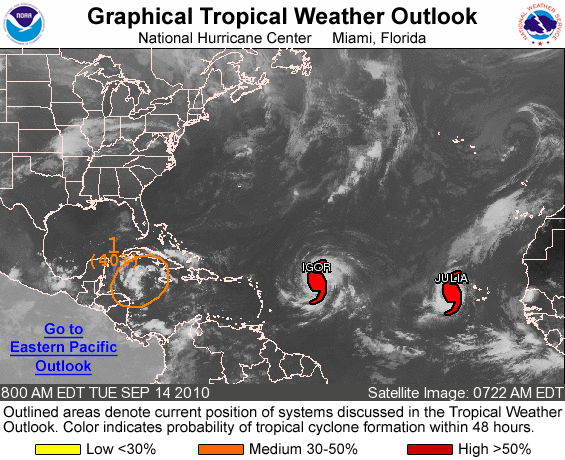
FOR THE NORTH ATLANTIC...CARIBBEAN SEA AND THE GULF OF MEXICO...

THE NATIONAL HURRICANE CENTER IS ISSUING ADVISORIES ON HURRICANE IGOR...LOCATED ABOUT 750 MILES EAST OF THE NORTHERN LEEWARD ISLANDS ...AND ON RECENTLY-UPGRADED HURRICANE JULIA...LOCATED ABOUT 330 MILES WEST OF THE CAPE VERDE ISLANDS.

1. SHOWER ACTIVITY ASSOCIATED WITH A BROAD AREA OF LOW PRESSURE OVER THE NORTHWEST CARIBBEAN SEA HAS BECOME A LITTLE BETTER ORGANIZED THIS MORNING. THIS SYSTEM IS EXPECTED TO MOVE WESTWARD TO WEST-NORTHWESTWARD AT 10 TO 15 MPH OVER THE NEXT COUPLE OF DAYS...AND IT HAS SOME POTENTIAL FOR DEVELOPMENT BEFORE IT MOVES INLAND OVER THE YUCATAN PENINSULA BY WEDNESDAY EVENING. THERE IS A MEDIUM CHANCE...40 PERCENT...OF THIS SYSTEM BECOMING A TROPICAL CYCLONE DURING THE NEXT 48 HOURS. REGARDLESS OF DEVELOPMENT... LOCALLY HEAVY RAINFALL IS POSSIBLE OVER PORTIONS OF JAMAICA... CUBA...THE CAYMAN ISLANDS...AND THE YUCATAN PENINSULA DURING THE NEXT DAY OR TWO. THESE RAINS COULD CAUSE LIFE-THREATENING FLASH FLOODS AND MUD SLIDES...ESPECIALLY IN AREAS OF MOUNTAINOUS TERRAIN. AN AIR FORCE RESERVE HURRICANE HUNTER AIRCRAFT IS SCHEDULED TO INVESTIGATE THIS SYSTEM LATER TODAY...IF NECESSARY.

ELSEWHERE...TROPICAL CYCLONE FORMATION IS NOT EXPECTED DURING THE NEXT 48 HOURS.

FORECASTER BEVEN